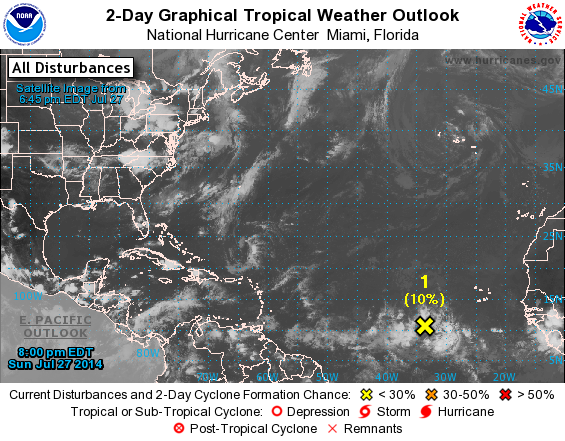
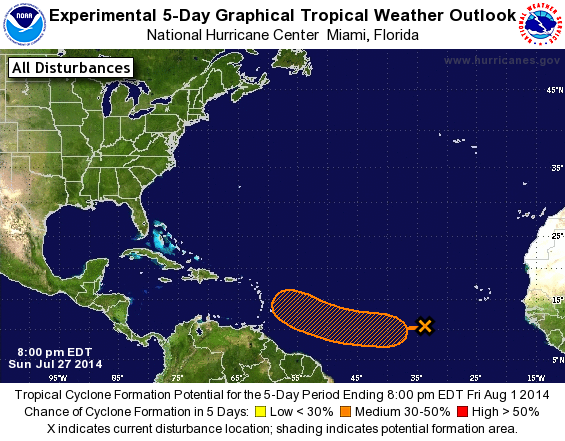
For the North Atlantic...Caribbean Sea and the Gulf of Mexico:

1. A tropical wave is producing disorganized shower activity several hundred miles west-southwest of the Cape Verde Islands. Environmental conditions appear conducive for some gradual development, especially by the middle of the week, while the system moves westward to west-northwestward at 10 to 15 mph.
* Formation chance through 48 hours...low...10 percent.
* Formation chance through 5 days...medium...40 percent.

Forecaster Berg